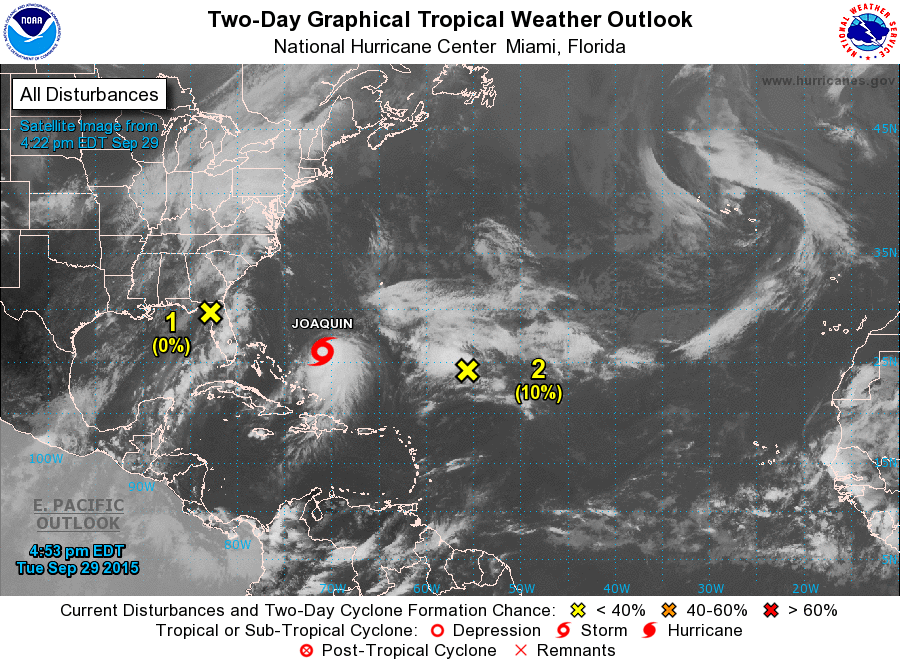
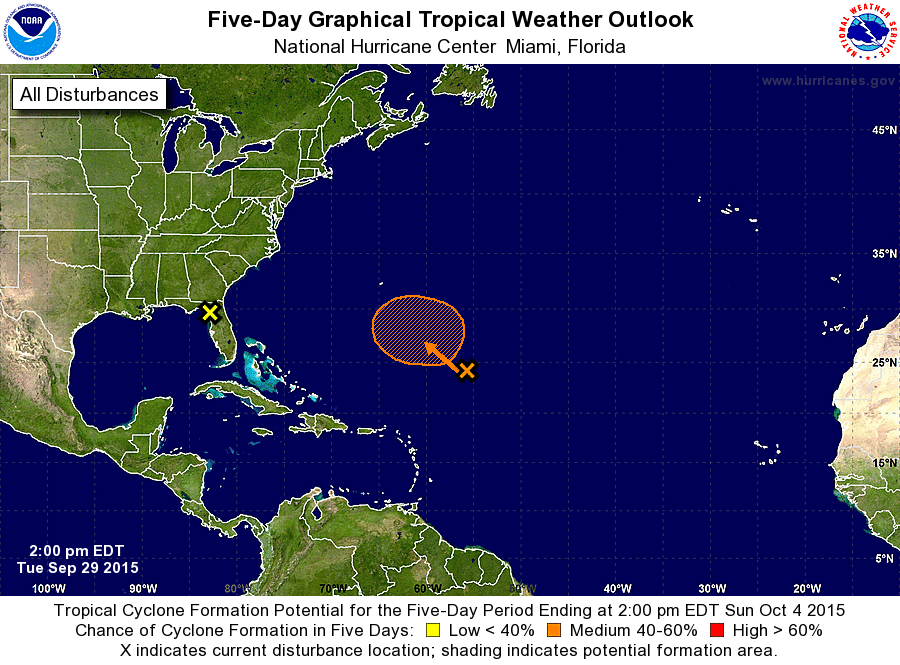
For the North Atlantic...Caribbean Sea and the Gulf of Mexico:

The National Hurricane Center is issuing advisories on Tropical Storm Joaquin, located a few hundred miles northeast of the central Bahamas.

1. The trough of low pressure over the northeastern Gulf of Mexico has moved inland over northeastern Florida and development is not expected. Locally heavy rains are still likely over portions of the southeastern United States during the next couple of days. For additional information on this system, see High Seas Forecasts issued by the National Weather Service and products from your local National Weather Service office.
* Formation chance through 48 hours...low...near 0 percent
* Formation chance through 5 days...low...near 0 percent

2. A large area of disturbed weather over the central Atlantic several hundred miles northeast of the northern Leeward Islands is associated with a frontal trough and the remnants of Ida. Some slow development of this system is possible later this week while it moves slowly west-northwestward. For additional information on this system, see High Seas Forecasts issued by the National Weather Service.
* Formation chance through 48 hours...low...10 percent
* Formation chance through 5 days...medium...50 percent

High Seas Forecasts issued by the National Weather Service can be found under AWIPS header NFDHSFAT1, WMO header FZNT01 KWBC, and on the Web at http://www.opc.ncep.noaa.gov/shtml/NFDHSFAT1.shtml.

Forecaster Blake